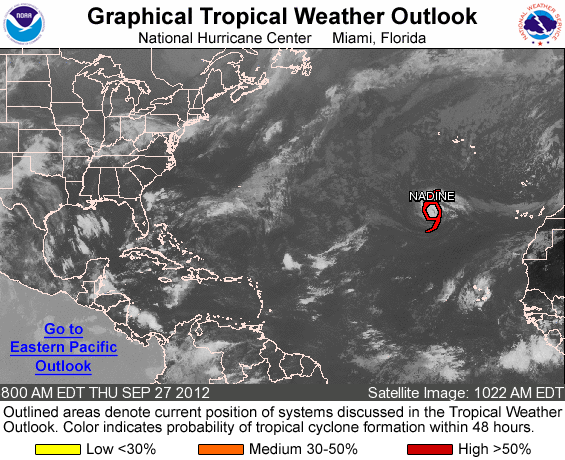
FOR THE NORTH ATLANTIC...CARIBBEAN SEA AND THE GULF OF MEXICO...

THE NATIONAL HURRICANE CENTER IS ISSUING ADVISORIES ON TROPICAL STORM NADINE...LOCATED ABOUT 680 MILES SOUTH-SOUTHWEST OF THE AZORES.

ELSEWHERE...TROPICAL CYCLONE FORMATION IS NOT EXPECTED DURING THE NEXT 48 HOURS.

FORECASTER BEVEN